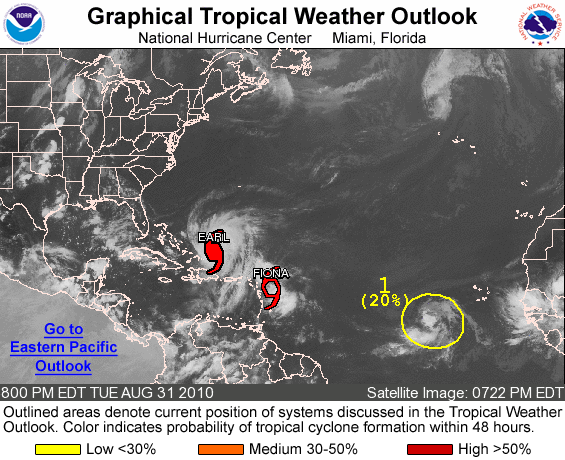
FOR THE NORTH ATLANTIC...CARIBBEAN SEA AND THE GULF OF MEXICO...

THE NATIONAL HURRICANE CENTER IS ISSUING ADVISORIES ON HURRICANE EARL...LOCATED ABOUT 125 MILES EAST-NORTHEAST OF GRAND TURK...AND ON TROPICAL STORM FIONA...LOCATED ABOUT 300 MILES EAST-SOUTHEAST OF THE NORTHERN LEEWARD ISLANDS.

1. SHOWER AND THUNDERSTORM ACTIVITY ASSOCIATED WITH A BROAD AREA OF LOW PRESSURE LOCATED ABOUT 525 MILES WEST-SOUTHWEST OF THE CAPE VERDE ISLANDS HAS BECOME SLIGHTLY BETTER ORGANIZED TODAY. SOME SLOW DEVELOPMENT OF THIS LOW IS POSSIBLE OVER THE NEXT FEW DAYS AS IT MOVES WESTWARD NEAR 15 MPH. THERE IS A LOW CHANCE...20 PERCENT... OF THIS SYSTEM BECOMING A TROPICAL CYCLONE DURING THE NEXT 48 HOURS.

ELSEWHERE...TROPICAL CYCLONE FORMATION IS NOT EXPECTED DURING THE NEXT 48 HOURS.

FORECASTER KIMBERLAIN